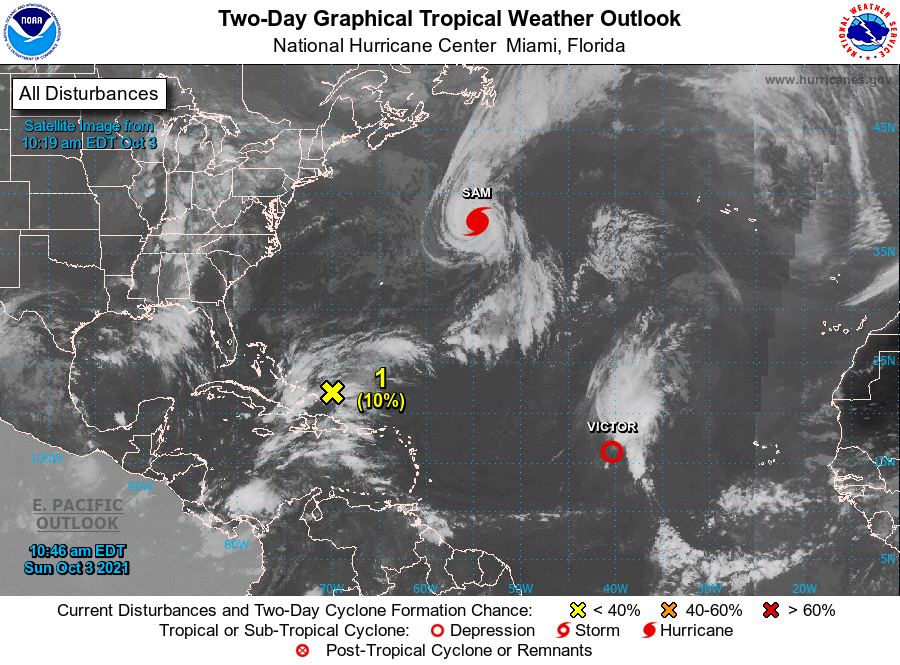
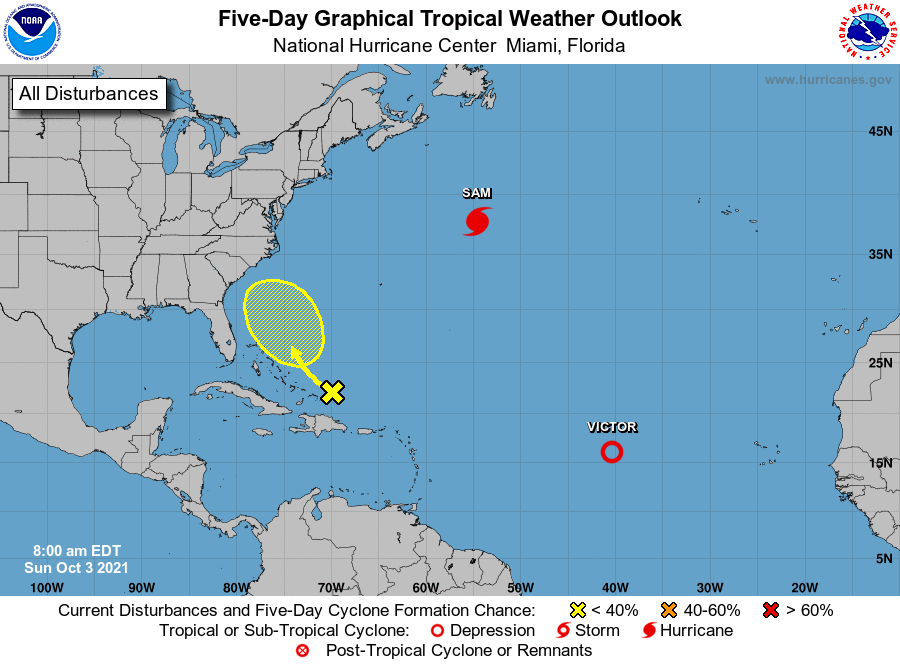
For the North Atlantic...Caribbean Sea and the Gulf of Mexico:

The National Hurricane Center is issuing advisories on Hurricane Sam, located more than 600 miles south-southwest of Cape Race, Newfoundland, and on Tropical Depression Victor, located over the central tropical Atlantic.

1. A large area of disorganized cloudiness and showers over the southeastern Bahamas and adjacent southwestern Atlantic waters is associated with a surface trough. Upper-level winds are expected to be only marginally conducive, and any development of this system should be slow to occur while it moves west-northwestward at around 10 mph through Monday, followed by a slow northwestward motion through the end of the week.
* Formation chance through 48 hours...low...10 percent.
* Formation chance through 5 days...low...20 percent.

Forecaster Brown